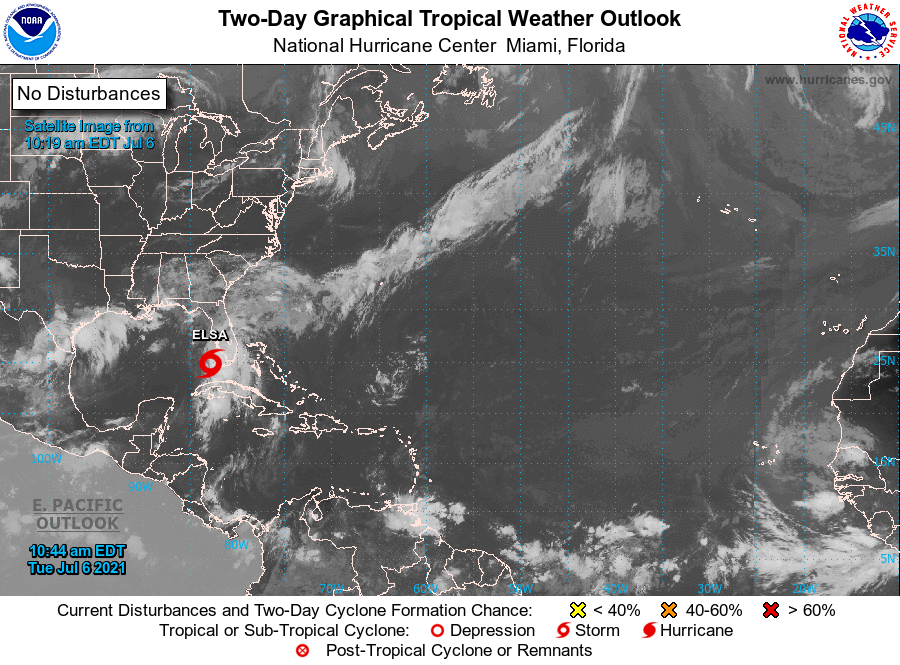
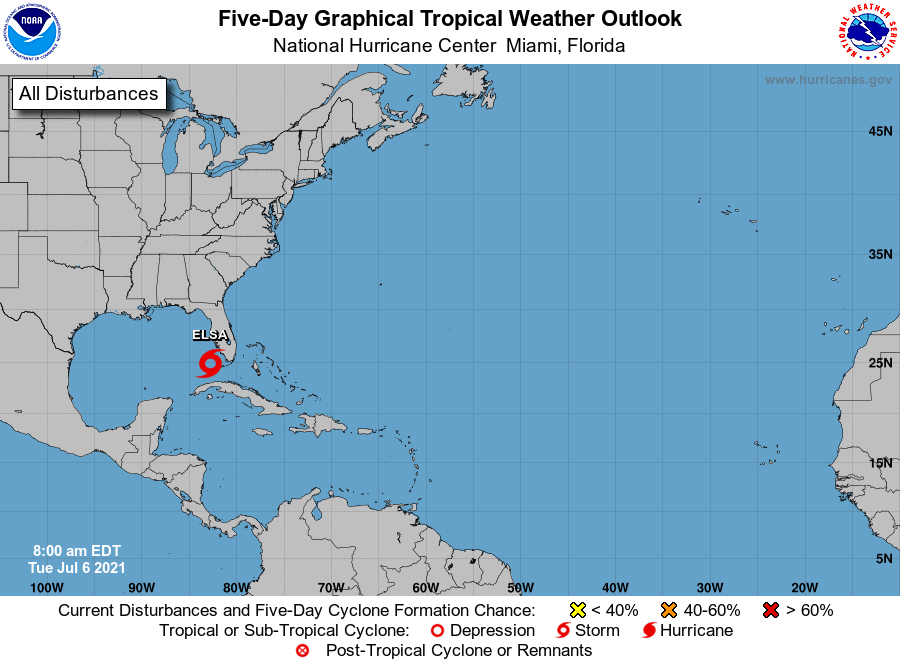
For the North Atlantic...Caribbean Sea and the Gulf of Mexico:

The National Hurricane Center is issuing advisories on Tropical Storm Elsa, located over the southeastern Gulf of Mexico.

Tropical cyclone formation is not expected during the next 5 days.

Forecaster Papin/Pasch